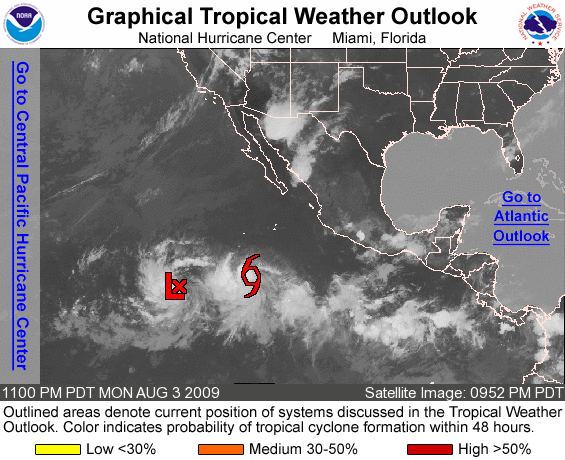
FOR THE EASTERN NORTH PACIFIC...EAST OF 140 DEGREES WEST LONGITUDE..

THE NATIONAL HURRICANE CENTER IS ISSUING ADVISORIES ON RECENTLY- UPGRADED TROPICAL STORM ENRIQUE...LOCATED ABOUT 715 MILES SOUTH- SOUTHWEST OF THE SOUTHERN TIP OF BAJA CALIFORNIA...AND ON NEWLY- FORMED TROPICAL DEPRESSION EIGHT-E...LOCATED ABOUT 1135 MILES SOUTHWEST OF THE SOUTHERN TIP OF BAJA CALIFORNIA.

ELSEWHERE...TROPICAL CYCLONE FORMATION IS NOT EXPECTED DURING THE NEXT 48 HOURS.

PUBLIC ADVISORIES ON TROPICAL STORM ENRIQUE ARE ISSUED UNDER WMO HEADER WTPZ32 KNHC AND AWIPS HEADER MIATCPEP2. FORECAST/ADVISORIES ON TROPICAL STORM ENRIQUE ARE ISSUED UNDER WMO HEADER WTPZ22 KNHC AND AWIPS HEADER MIATCMEP2. PUBLIC ADVISORIES ON TROPICAL DEPRESSION EIGHT-E ARE ISSUED UNDER WMO HEADER WTPZ33 KNHC AND AWIPS HEADER MIATCPEP3. FORECAST/ADVISORIES ON TROPICAL DEPRESSION EIGHT-E ARE ISSUED UNDER WMO HEADER WTPZ23 KNHC AND AWIPS HEADER MIATCMEP3.

FORECASTER BERG